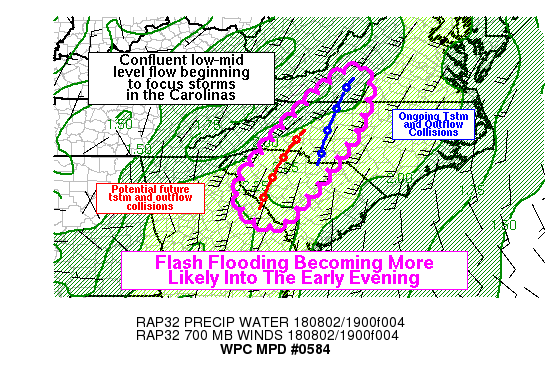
Areas affected...Piedmont Region including parts of GA, SC, NC, VA

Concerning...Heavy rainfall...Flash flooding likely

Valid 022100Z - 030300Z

Summary...Thunderstorms were becoming increasingly widespread
across portions of the western Carolinas and into south-central
Virginia. This should continue into the evening, with an
increasing threat of heavy rainfall and flash flooding. Rain rates
of 1-2 in/hr will be more common, with 2-3 in/hr possible in
localized areas.

Discussion...Visible satellite, radar, and surface observation
trends show several boundary collisions either ongoing or likely
to happen in the near future, and these were focusing increasing
convective activity. The first was taking place in west-central
North Carolina, from near Rocky Mount, VA south to Winston Salem,
NC, and then to an area just east of Charlotte, NC. This should
continue to focus a band of thunderstorms for at least another
hour or two with the potential for heavy rainfall and flash
flooding. This also overlapped with some areas that received heavy
rainfall (and some reported flooding) earlier this morning, so
additional rainfall in these areas would be likely to cause flash
flooding.

Another boundary collision appeared likely to take place closer to
Upstate South Carolina. A composite of the Atlantic sea breeze and
thunderstorm outflow was pushing quickly to the WNW into western
parts of the Carolinas, while another band of convection was
beginning to bend to the east closer to the GSP area. This may
eventually lead to enhanced low-level convergence and a focused
band of thunderstorm development from near Aiken, SC north to an
area just west of Charlotte, NC. Surface observations reported
wind speeds of around 10 knots (from opposite directions) behind
both of the approaching boundaries, so low-level convergence would
be expected to be relatively strong. Hi-res models such as recent
runs of the HRRR, and the 12Z HREF, also focus some of the heavier
QPF in the region in this same area through 03Z. Therefore, flash
flooding will become possible in some of these areas too.

Zooming back out to the overall mesoscale environment: generally
confluent low-mid level flow and PWs over 2 inches should support
an increasingly focused area of heavy rainfall into the early
evening hours. In the outlined area, flash flood guidance is most
reduced in parts of northwest North Carolina and into southern
Virginia, so this may be where flash flooding would be favored.
However, flash flooding cannot be ruled out further south into
South Carolina and far eastern Georgia as well.